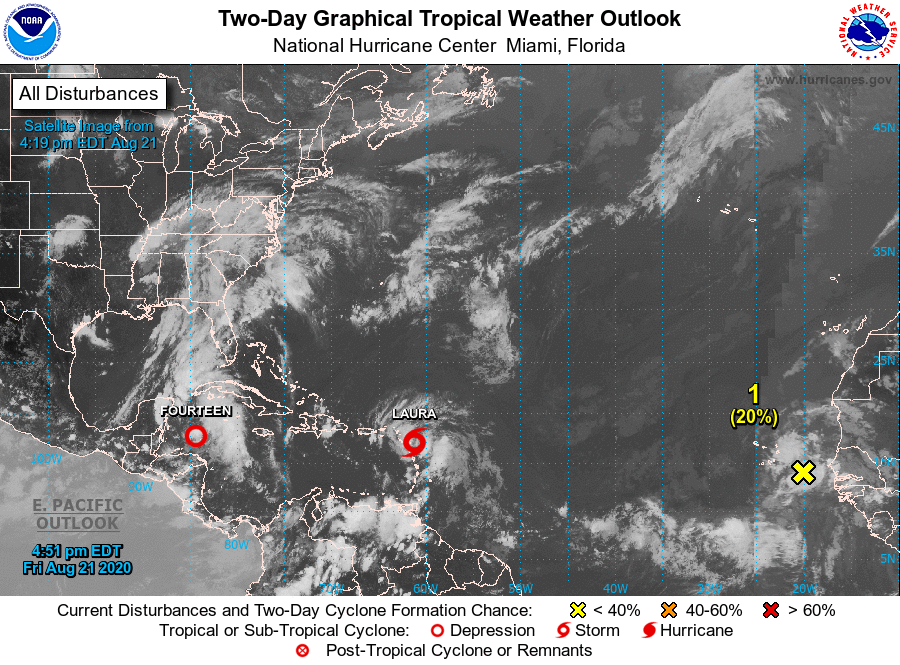
For the North Atlantic...Caribbean Sea and the Gulf of Mexico:

The National Hurricane Center is issuing advisories on recently upgraded Tropical Storm Laura, which is approaching the northern Leeward Islands, and on Tropical Depression Fourteen, located over the northwestern Caribbean Sea.

1. An area of disorganized cloudiness and showers located between the west coast of Africa and the Cabo Verde Islands is associated with a broad area of low pressure and tropical wave. This disturbance is expected to move westward at 15 to 20 mph across the Cabo Verde Islands during the next 24 hours. Conditions are forecast to be only marginally conducive for some development over the next couple of days. After that time, environmental conditions are expected to become less favorable for development. Regardless of development this system will likely bring gusty winds and locally heavy rainfall across portions of the Cabo Verde Islands this weekend.
* Formation chance through 48 hours...low...20 percent.
* Formation chance through 5 days...low...30 percent.

Forecaster Brown